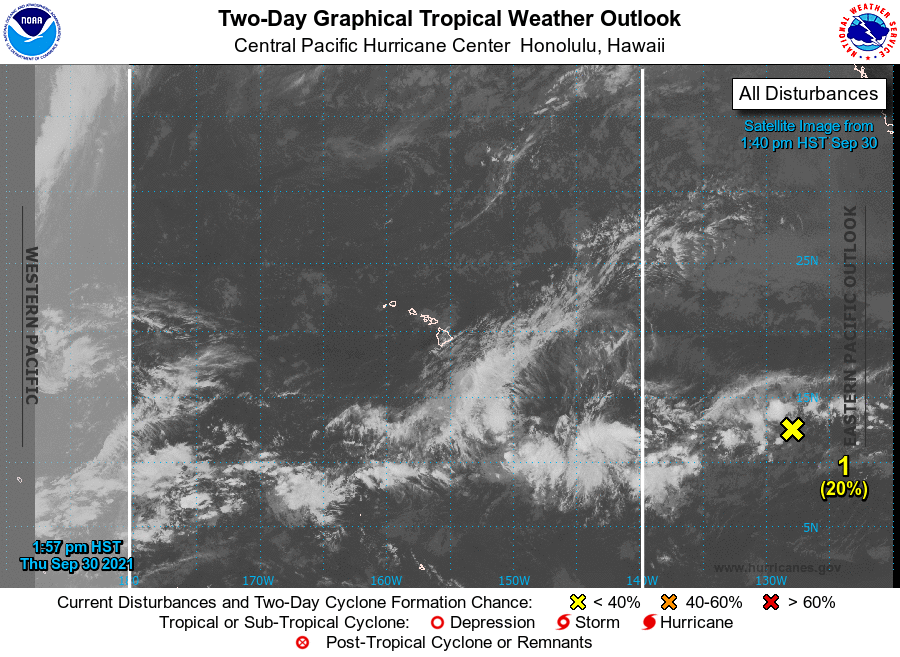
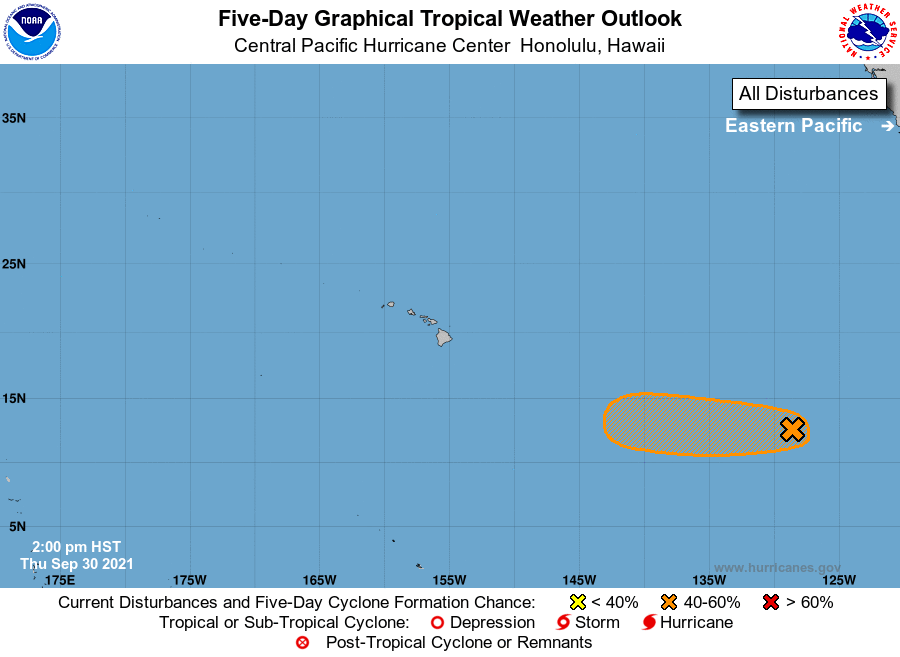
For the central North Pacific...between 140W and 180W:

1. A broad area of low pressure located about 1,800 miles southeast of Hilo, Hawaii is producing disorganized showers and thunderstorms. Environmental conditions are expected to be conducive for slow development during the next several days, and a tropical depression could form over the weekend or early next week while the system moves generally westward at around 10 mph.
* Formation chance through 48 hours...low...20 percent.
* Formation chance through 5 days...medium...40 percent.

Elsewhere, no tropical cyclones are expected during the next 5 days.

Forecaster Powell